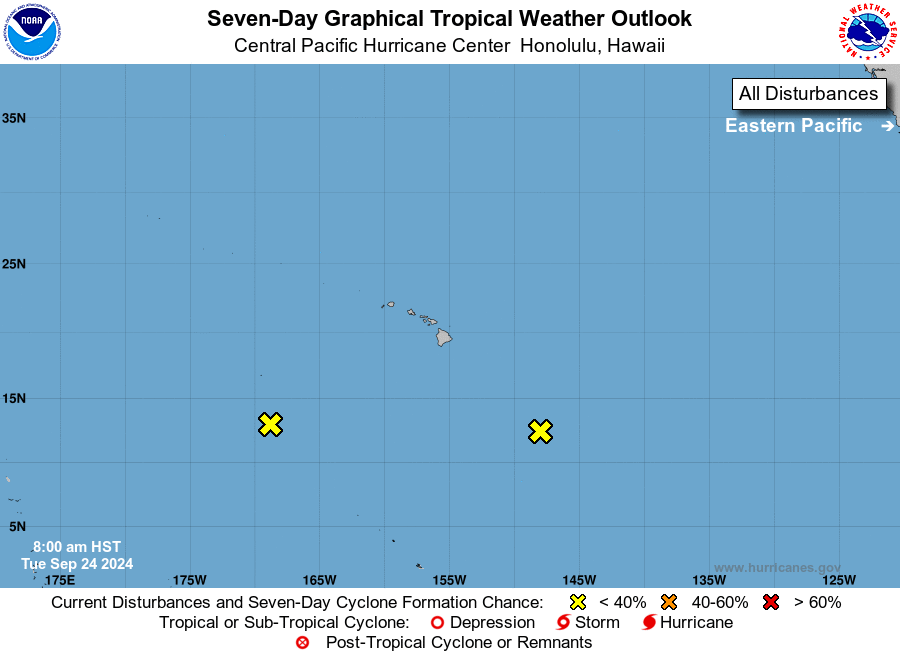
For the central North Pacific...between 140W and 180W:

1. Approximately 700 miles southeast of Hilo, Hawaii: A trough of low pressure located far southeast of Hawaii is producing disorganized showers and thunderstorms. Development of this system is not expected as it moves westward at 5 to 10 mph.
* Formation chance through 48 hours...low...near 0 percent.
* Formation chance through 7 days...low...near 0 percent.

2. Approximately 950 miles southwest of Honolulu, Hawaii: A broad area of low pressure located far southwest of the Hawaiian Islands is producing disorganized showers and thunderstorms. Upper level winds are not conducive for further development as this system moves northwestward over the next few days.
* Formation chance through 48 hours...low...near 0 percent.
* Formation chance through 7 days...low...near 0 percent.

Forecaster Kino